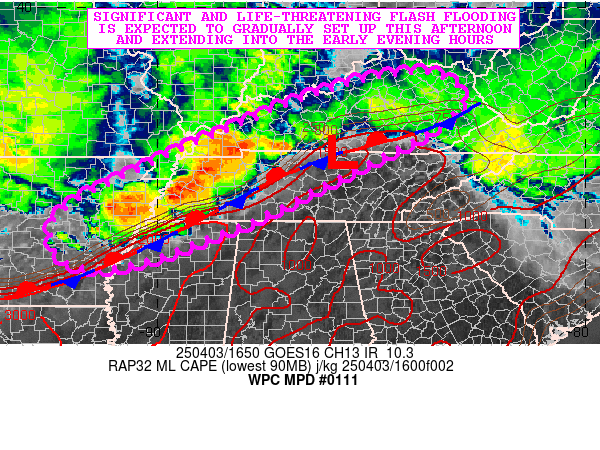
Areas affected...Mid-South into the OH Valley

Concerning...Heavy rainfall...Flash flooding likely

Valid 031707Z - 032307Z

SUMMARY...There will be increasing concerns through the afternoon
and early evening hours for increasingly significant and
life-threatening flash flooding from repeating rounds of heavy
showers and thunderstorms.

DISCUSSION...The early afternoon GOES-E IR satellite imagery in
conjunction with radar shows an extensive axis of heavy shower and
thunderstorm activity becoming a bit better organized and aligned
in a southwest to northeast fashion from central AR northeastward
through western TN and into areas of southern KY.

Compared to earlier this morning, the overall convective
orientation has been tending to gain some latitude as subtle
mid-level height rises over the Southeast U.S. becomes more
apparent and fosters a stronger poleward transport of warm air
advection and moisture transport ahead of the deeper layer
troughing over the central and southern Rockies. The airmass south
of a well-defined frontal boundary over the Mid-South has become
moderate to strongly unstable with MLCAPE values of 1500 to 2500
J/kg and remains quite moist with a southerly low-level jet of 30
to 40+ kts. The latest CIRA-ALPW data shows a substantial pooling
of moisture in the SFC/700mb layer with notably strong
concentrations noted from southern AR through northern MS.

The concern going through the afternoon and early evening hours
will be the gradual expansion and organized nature of heavy shower
and thunderstorm activity over areas that have already seen heavy
rainfall and flash flooding over the last 12 to 24 hours.
Streamflows across the region continue to increase and with
locally saturated soil conditions in place, the additional
rainfall signal that is coming out of the 12Z HREF guidance
suggests a growing concern for high-impact flash flooding.

Rainfall rates are expected to increase to as much as 1.5 to 2.5
inches/hour with the stronger storms, and especially over areas of
central/eastern AR, northwest MS, and western TN where the
instability nosing over the aforementioned front is a bit
stronger. By early this evening, some additional rainfall totals
of as much as 3 to 5 inches will be possible. Flash flooding is
already ongoing across areas of western and middle TN, and with
the additional rains, significant and life-threatening impacts are
expected to gradually occur.